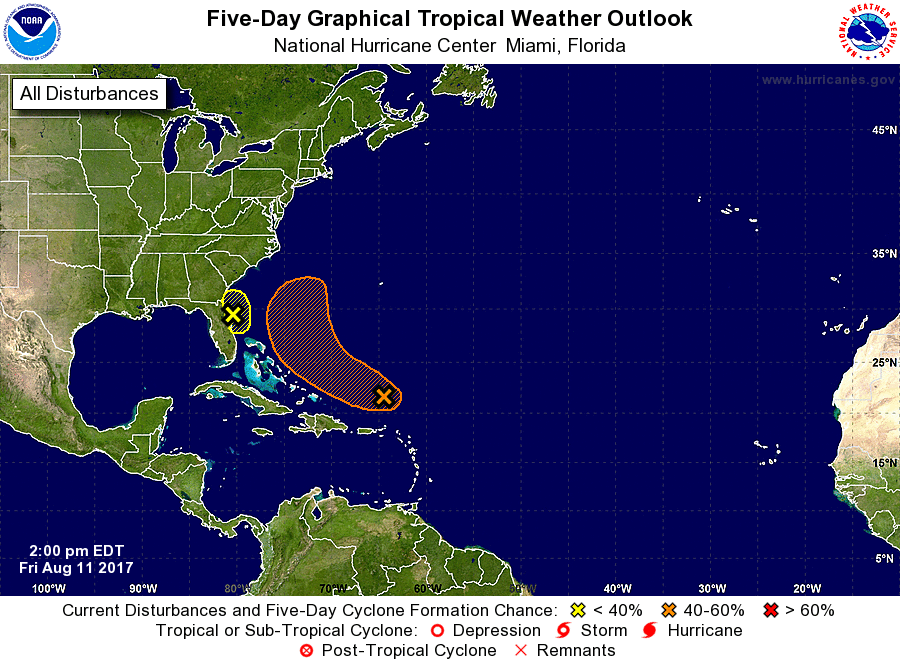
For the North Atlantic...Caribbean Sea and the Gulf of Mexico:

1. An area of disturbed weather centered a couple of hundred miles north of Puerto Rico continues to move toward the west-northwest or northwest at 10 to 15 mph. There are no indications of a closed circulation at this time, but upper-level winds are forecast to become a little more favorable for development by the weekend. Dry air aloft could limit additional development of the thunderstorm activity, making the overall environment only marginally conducive for tropical cyclone formation.
* Formation chance through 48 hours...low...30 percent.
* Formation chance through 5 days...medium...50 percent.

2. A weak and elongated area of low pressure just off the east coast of Florida is accompanied by a few showers and thunderstorms extending from southern Florida northeastward across the southwestern Atlantic. This system has become less organized and development is not anticipated.
* Formation chance through 48 hours...low...near 0 percent.
* Formation chance through 5 days...low...near 0 percent.

Forecaster Avila